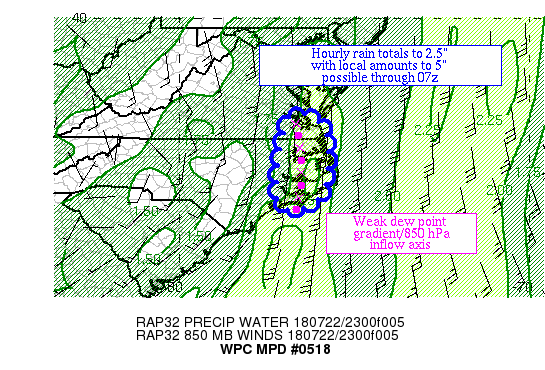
AREAS AFFECTED...EASTERN NC & SOUTHEAST VA

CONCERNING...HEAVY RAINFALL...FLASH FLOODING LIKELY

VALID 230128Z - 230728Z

SUMMARY...A BAND OF THUNDERSTORMS HAS BEGUN TRAINING FROM SOUTH TO
NORTH ACROSS THE AREA.  HOURLY RAIN TOTALS TO 2.5" WITH LOCAL
AMOUNTS TO 5" ARE POSSIBLE THROUGH 07Z.

DISCUSSION...A SECONDARY WARM CONVEYOR HAS SET UP ACROSS THE AREA,
WHICH IS NEAR A SUBTLE SURFACE DEW POINT GRADIENT.  AN UPPER LEVEL
CIRCULATION ACROSS NORTHWEST SC IS LIKELY ENHANCING DIVERGENCE
ALOFT.  PRECIPITABLE WATER VALUES OF ~2" EXIST IN THE AREA PER THE
MOREHEAD CITY NC SOUNDING.  INFLOW AT 850 HPA IS AROUND 25 KTS PER
VAD WIND PROFILES, WITH EFFECTIVE BULK SHEAR OF 30-40 KTS HELPING
TO ORGANIZE THE BAND.  ML CAPES ARE 2500-3000 J/KG.

THE RAP GUIDANCE SUGGESTS THAT THE MOISTURE AXIS IN THE REGION
REMAINS STEADY STATE THROUGH THE PERIOD.  ANY ATTEMPT AT EASTWARD
PROPAGATION SHOULD BE TEMPERED BY LOW-LEVEL WINDS BEING OUT OF THE
SOUTH-SOUTHEAST, WITH BOUNDARY LAYER MOISTURE CONVERGENCE EXPECTED
TO SHARPEN WITH TIME ACROSS SOUTHEAST NC.  THE FORWARD PROPAGATION
VECTORS BACK SOMEWHAT THROUGH THE PERIOD DESPITE SOME EASTWARD
SHIFT IN THE 1000-500 HPA THICKNESS PATTERN IN NC.  HOURLY RAIN
TOTALS TO 2.5" WITH LOCAL AMOUNTS OF 5" ARE POSSIBLE OVER THE NEXT
SEVERAL HOURS, WITH THE HEAVY RAINFALL THREAT POTENTIALLY
CONTINUING THROUGH THE NIGHT.  WITH SO MUCH MOISTURE AND
INSTABILITY IN PLACE, IT WOULD NOT BE A SURPRISE IF ANOTHER MPD
WERE NEEDED FOR THIS AREA IN SIX HOURS.